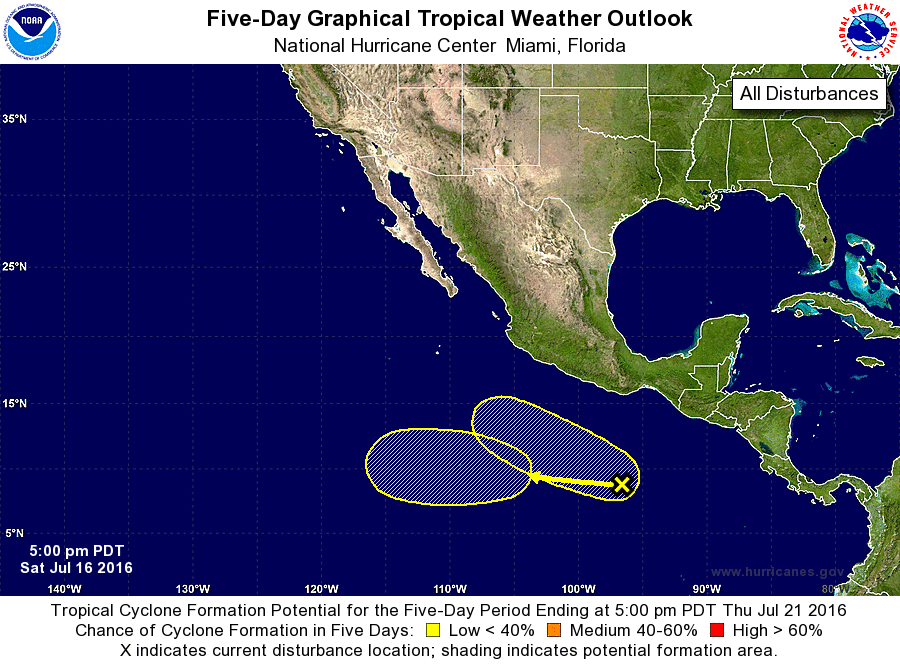
For the eastern North Pacific...east of 140 degrees west longitude:

The National Hurricane Center is issuing advisories on Hurricane Darby, located about 1000 miles west-southwest of the southern tip of the Baja California peninsula, and on Tropical Storm Estelle, located about 400 miles southwest of Manzanillo, Mexico.

1. An area of disturbed weather is located several hundred miles south of the Gulf of Tehuantepec. A broad area of low pressure is expected to form over the next few days, and some gradual development is possible by the middle of next week while this system moves westward at about 10 mph.
* Formation chance through 48 hours...low...near 0 percent
* Formation chance through 5 days...low...20 percent

2. In a few days, another area of low pressure is likely to form south of Mexico to the east of the disturbance detailed above. Some gradual development of this system is possible by the middle of next week while the system moves west-northwestward at about 10 mph.
* Formation chance through 48 hours...low...near 0 percent
* Formation chance through 5 days...low...20 percent

Forecaster Blake